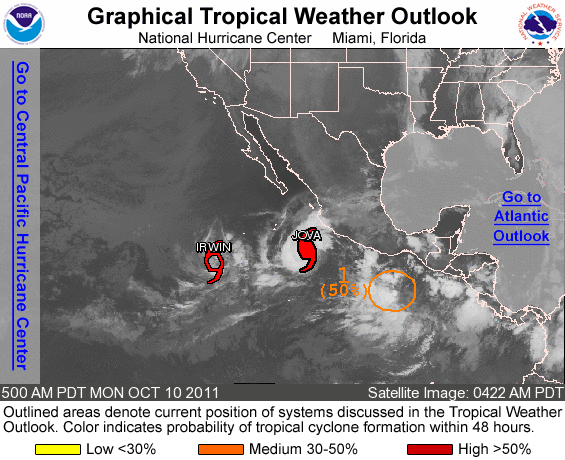
FOR THE EASTERN NORTH PACIFIC...EAST OF 140 DEGREES WEST LONGITUDE..

THE NATIONAL HURRICANE CENTER IS ISSUING ADVISORIES ON HURRICANE JOVA...LOCATED ABOUT 255 MILES SOUTHWEST OF MANZANILLO MEXICO...AND ON TROPICAL STORM IRWIN...LOCATED ABOUT 790 MILES SOUTHWEST OF THE SOUTHERN TIP OF BAJA CALIFORNIA.

1. SHOWER AND THUNDERSTORMS ASSOCIATED WITH A LOW PRESSURE SYSTEM LOCATED A FEW HUNDRED MILES SOUTH OF THE GULF OF TEHUANTEPEC HAVE CHANGED LITTLE AND REMAIN DISPLACED TO THE WEST OF THE CENTER OF CIRCULATION. HOWEVER...UPPER-LEVEL WINDS COULD BECOME A LITTLE MORE CONDUCIVE FOR DEVELOPMENT OVER THE NEXT COUPLE OF DAYS AS THE LOW MOVES EASTWARD OR NORTHEASTWARD AT 5 TO 10 MPH. THIS SYSTEM HAS A MEDIUM CHANCE...50 PERCENT...OF BECOMING A TROPICAL CYCLONE DURING THE NEXT 48 HOURS. INTERESTS ALONG THE PACIFIC COASTS OF SOUTHEASTERN MEXICO...GUATEMALA...EL SALVADOR...HONDURAS...AND NICARAGUA SHOULD MONITOR THE PROGRESS OF THIS DISTURBANCE.

ELSEWHERE...TROPICAL CYCLONE FORMATION IS NOT EXPECTED DURING THE NEXT 48 HOURS.

FORECASTER STEWART